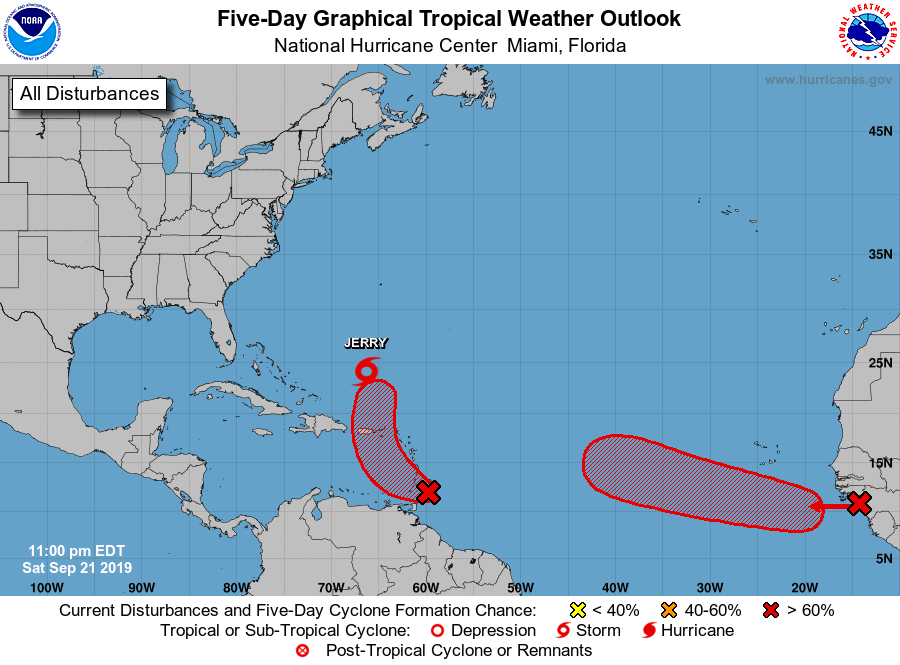
For the North Atlantic...Caribbean Sea and the Gulf of Mexico:

Updated for the low pressure area near the Windward Islands.

The National Hurricane Center is issuing advisories on Tropical Storm Jerry, located a few hundred miles north of Puerto Rico.

1. Updated: A strong tropical wave, accompanied by a broad low pressure area located between Barbados and Tobago, is producing showers and thunderstorms that are showing signs of organization. In addition, recent satellite-derived surface wind data and observations from Barbados indicate that the disturbance is producing winds to near tropical storm force in the eastern portion of the system. Further development of this disturbance is expected over the next couple of days, and a tropical depression or tropical storm will likely form while it moves westward and then northwestward at 10 to 15 mph across the Windward Islands and over the eastern Caribbean Sea. The system is then expected to turn northward, moving near Puerto Rico and the Virgin Islands on Tuesday. Regardless of development, heavy rainfall and strong gusty winds are likely over much of the Lesser Antilles during the next couple of days and will likely spread across Puerto Rico and the Virgin Islands by Monday night or Tuesday. Interests across the eastern Caribbean should monitor the progress of this disturbance since tropical storm watches and warnings could be required for portions of the Lesser Antilles and Puerto Rico and the Virgin Islands on Sunday.
* Formation chance through 48 hours...high...70 percent.
* Formation chance through 5 days...high...70 percent.

2. A tropical wave is expected to move off the west coast of Africa overnight and on Sunday. Environmental conditions are conducive for development of the wave once it moves over water, and a tropical depression or tropical storm is expected to form during the early or middle part of next week while moving westward to west-northwestward across the eastern tropical Atlantic at 15 to 20 mph.
* Formation chance through 48 hours...medium...60 percent.
* Formation chance through 5 days...high...90 percent.

Further information on the system near the Windward Islands can be found in High Seas Forecasts issued by the National Weather Service can be found under AWIPS header NFDHSFAT1, WMO header FZNT01 KWBC, and online at ocean.weather.gov/shtml/NFDHSFAT1.php

Forecaster Stewart/Blake